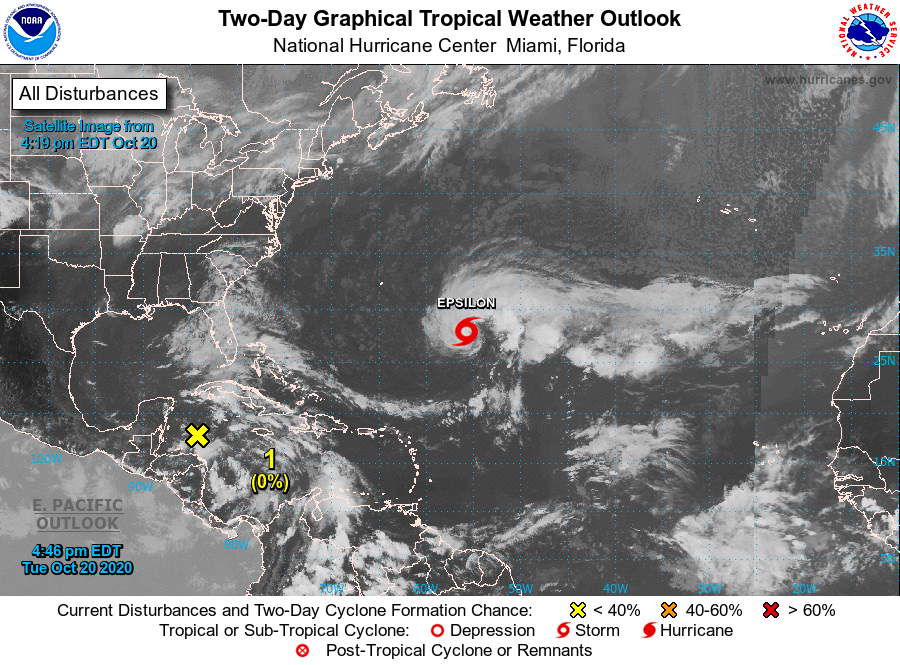
For the North Atlantic...Caribbean Sea and the Gulf of Mexico:

The National Hurricane Center is issuing advisories on Tropical Storm Epsilon, located over the central Atlantic several hundred miles east-southeast of Bermuda.

1. A trough of low pressure extends from the northwestern Caribbean Sea near the northeastern portion of the Yucatan peninsula southeastward into the southwestern Caribbean Sea. This system is producing disorganized showers and thunderstorms well to the east of the trough axis. Upper-level winds are expected to remain unfavorable for significant development while the system drifts westward over the next few days.
* Formation chance through 48 hours...low...near 0 percent.
* Formation chance through 5 days...low...10 percent.

Forecaster Brown